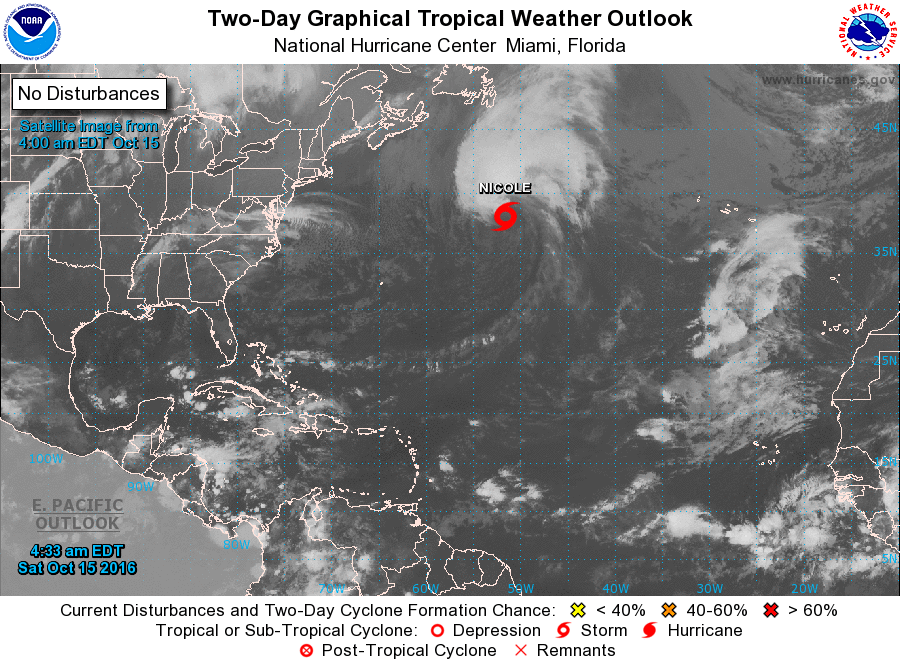
For the North Atlantic...Caribbean Sea and the Gulf of Mexico:

The National Hurricane Center is issuing advisories on Tropical Storm Nicole, located in the North Atlantic.

Tropical cyclone formation is not expected during the next 5 days.

Forecaster Avila